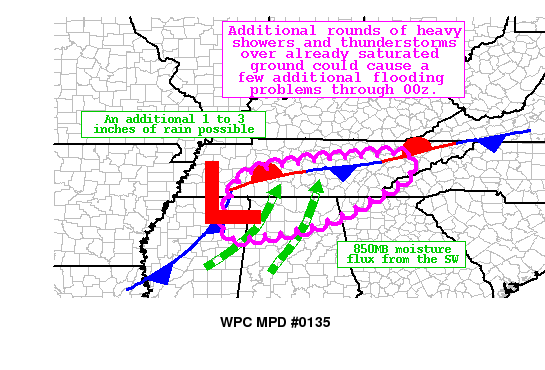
AREAS AFFECTED...NORTHERN AL...SOUTH CENTRAL TN...NORTHWEST MS

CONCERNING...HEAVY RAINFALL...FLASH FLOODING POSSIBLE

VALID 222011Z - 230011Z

SUMMARY...HEAVY SHOWERS AND THUNDERSTORMS FORMING IN THE VICINITY
OF THE SURFACE LOW OVER SOUTHERN TENNESSEE MAY RESULT IN AN
ADDITIONAL 1 TO 3 INCHES OF RAINFALL.  THIS COULD CAUSE SOME
ADDITIONAL FLOODING ISSUES OWING TO LOW FLASH FLOOD GUIDANCE
VALUES, ESPECIALLY OVER SOUTH CENTRAL TENNESSEE.

DISCUSSION...CONVECTION ONGOING NEAR THE STATIONARY FRONT AND
TRAILING COLD FRONT HAS INCREASED IN INTENSITY OVER THE PAST HOUR.
 THESE STORMS ARE FORECAST TO MOVE OVER AREAS THAT HAVE ALREADY
PICKED UP SIGNIFICANT RAINFALL EARLIER TODAY.  LATEST RADAR
IMAGERY IS INDICATING A BAND OF TRAINING CONVECTION JUST SOUTH OF
THE INTERSTATE 40 CORRIDOR IN CENTRAL TENNESSEE, AND THESE STORMS
ARE PRODUCING RAINFALL RATES ON THE ORDER OF 1 TO 2 INCHES PER
HOUR.

THE LATEST RAP GUIDANCE INDICATES A MODEST LOW LEVEL JET ADVECTING
1.25 TO 1.5 INCH PWS NORTHWARD OVER THE REGION.  SPC MESOANALYSIS
IS SHOWING 1000-1500 J/KG OF MUCAPE OVER NORTHERN ALABAMA AND
SOUTH CENTRAL TENNESSEE AS OF 20Z.  THE ENHANCED MOISTURE
CONVERGENCE ALONG THE STATIONARY FRONT EAST OF THE LOW IS EXPECTED
TO CONTINUE THROUGH 00Z THIS EVENING.  THE LATEST HI-RES GUIDANCE
SUGGESTS ADDITIONAL AMOUNTS ON THE ORDER OF 1 TO 3 INCHES, AND
THIS IN COMBINATION WITH SATURATED GROUND COULD CAUSE SOME
ADDITIONAL FLOODING ISSUES THIS EVENING.